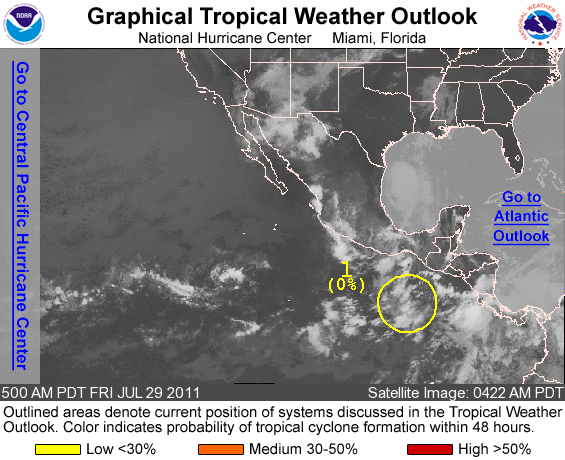
FOR THE EASTERN NORTH PACIFIC...EAST OF 140 DEGREES WEST LONGITUDE..

1. CLOUDINESS AND SHOWERS HAVE GENERALLY DIMINISHED WITH A WESTWARD-MOVING AREA OF DISTURBED WEATHER SEVERAL HUNDRED MILES SOUTH-SOUTHWEST OF GUATEMALA. UPPER-LEVEL WINDS ARE NOT CONDUCIVE FOR DEVELOPMENT...AND THIS DISTURBANCE HAS A LOW CHANCE...NEAR 0 PERCENT...OF BECOMING A TROPICAL CYCLONE DURING THE NEXT 48 HOURS.

ELSEWHERE...TROPICAL CYCLONE FORMATION IS NOT EXPECTED DURING THE NEXT 48 HOURS.

FORECASTER KIMBERLAIN